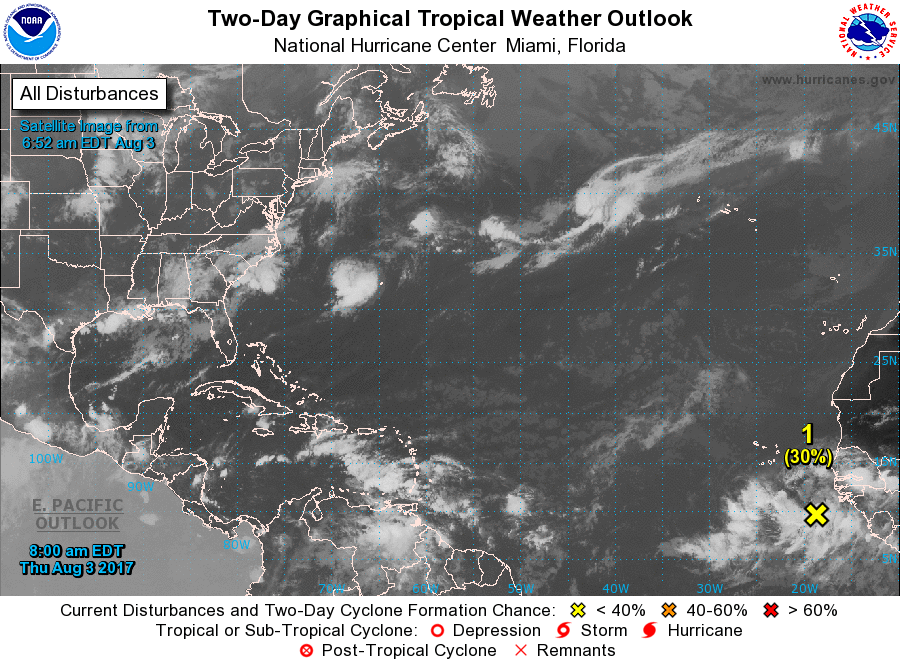
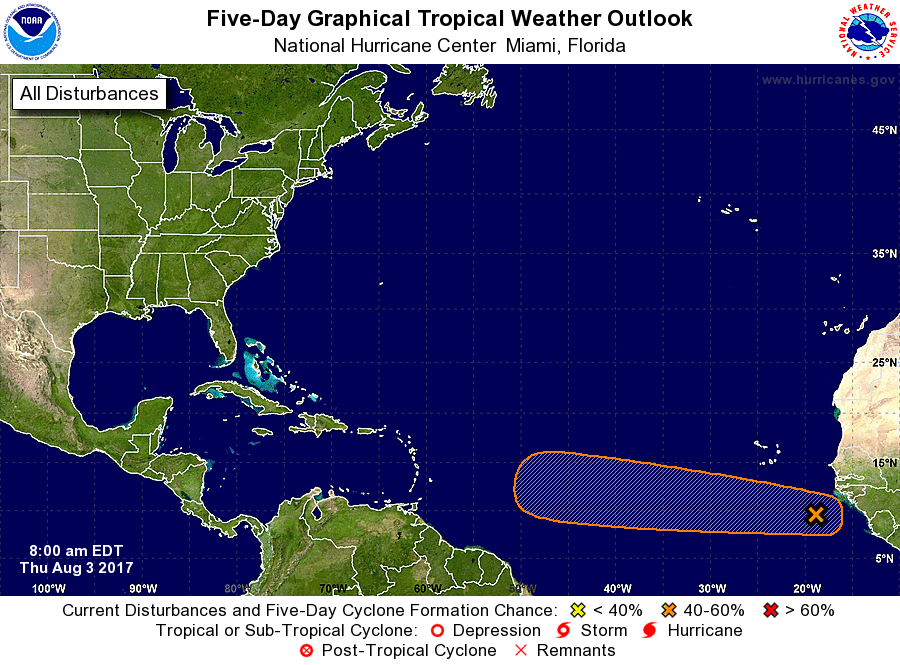
For the North Atlantic...Caribbean Sea and the Gulf of Mexico:

1. A large area of showers and thunderstorms centered about 500 miles southeast of the Cabo Verde Islands is associated with a vigorous tropical wave. Environmental conditions are forecast to be conducive for gradual development, and a tropical depression could form by early next week over the eastern or central tropical Atlantic Ocean. This system is forecast to move toward the west or west-northwest at 10 to 15 mph for the next several days.
* Formation chance through 48 hours...low...30 percent.
* Formation chance through 5 days...medium...60 percent.

Forecaster Stewart